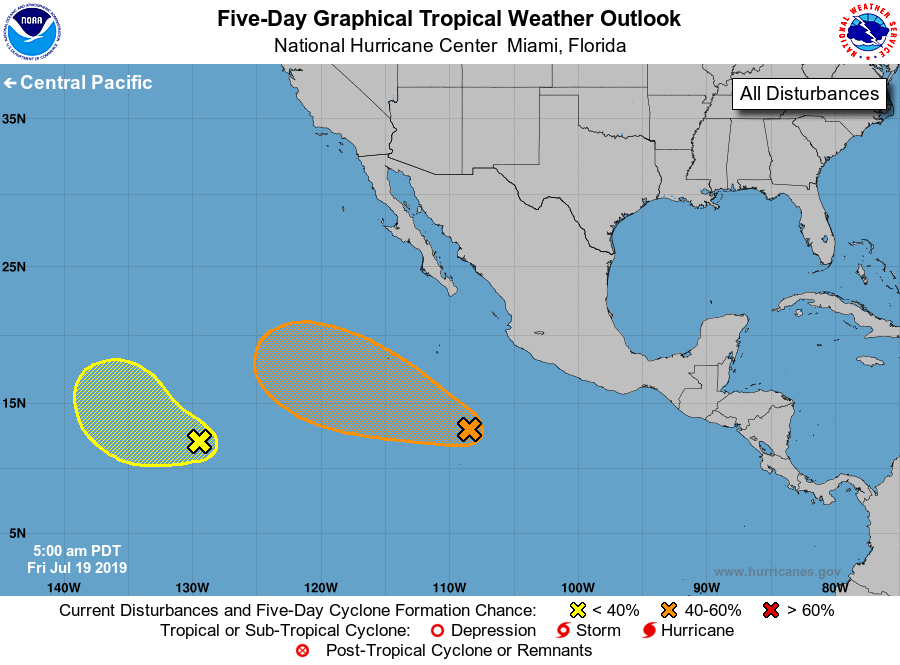
For the eastern North Pacific...east of 140 degrees west longitude:

1. An area of disturbed weather located several hundred miles south of Manzanillo, Mexico is associated with a tropical wave. Environmental conditions could become a little more conducive for gradual development, and a tropical depression could form early next week before the system reaches cooler waters. This disturbance is forecast to move westward to west-northwestward at 10 to 15 mph, away from the coast of Mexico.
* Formation chance through 48 hours...low...10 percent.
* Formation chance through 5 days...medium...60 percent.

2. A broad area of low pressure located more than 1500 miles southwest of the southern tip of the Baja California peninsula is producing an elongated area of showers and thunderstorms. This system remains disorganized, and conditions are becoming less conducive for tropical cyclone formation. The low is expected to move west-northwestward or northwestward at 10 to 15 mph.
* Formation chance through 48 hours...low...20 percent.
* Formation chance through 5 days...low...30 percent.

Forecaster Pasch